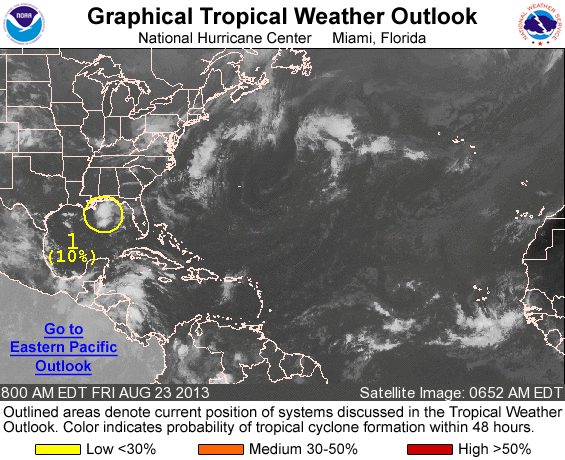
FOR THE NORTH ATLANTIC...CARIBBEAN SEA AND THE GULF OF MEXICO...

1. A WEAK TROUGH OF LOW PRESSURE IS PRODUCING DISORGANIZED CLOUDINESS AND THUNDERSTORMS OVER THE NORTHERN PORTION OF THE GULF OF MEXICO. SIGNIFICANT DEVELOPMENT OF THIS SYSTEM IS NOT EXPECTED WHILE IT MOVES WESTWARD AT ABOUT 10 MPH ACROSS THE NORTHERN AND NORTHWESTERN GULF OF MEXICO DURING THE NEXT DAY OR SO. THIS SYSTEM HAS A LOW CHANCE...10 PERCENT...OF BECOMING A TROPICAL CYCLONE DURING THE NEXT 48 HOURS...AND A LOW CHANCE...10 PERCENT... OF BECOMING A TROPICAL CYCLONE DURING THE NEXT FIVE DAYS.

FIVE-DAY FORMATION PROBABILITIES ARE EXPERIMENTAL IN 2013. COMMENTS ON THE EXPERIMENTAL FORECASTS CAN BE PROVIDED AT...

HTTP://WWW.NWS.NOAA.GOV/SURVEY/NWS-SURVEY.PHP?CODE=ETWO

FORECASTER BEVEN